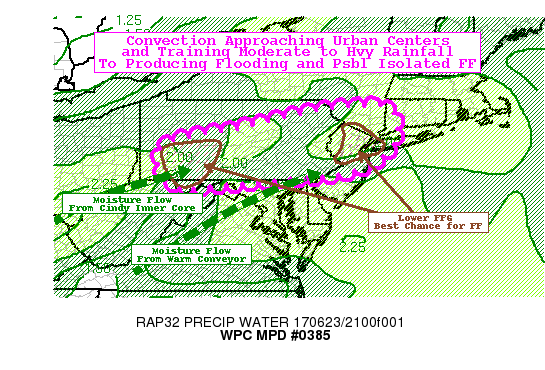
AREAS AFFECTED...S PA...EXT W MD...SE NY...N NJ...SW CT

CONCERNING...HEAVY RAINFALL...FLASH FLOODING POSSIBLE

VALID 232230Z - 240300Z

SUMMARY...CORRIDOR OF CONFLUENT DEEP MOISTURE WITH MULTIPLE
IMPULSES PRODUCING EMBEDDED CONVECTION LINES CAPABLE OF HIGH RAIN
RATES AND LOCALIZED FLASH FLOODING CONCERNS.

DISCUSSION...GOES-EAST AND RADAR MOSAIC DENOTE CORRIDOR OF
INCREASINGLY CONFLUENT DEEP MOISTURE FLOWS ASSOCIATED WITH THE
REMNANTS OF TROPICAL CYCLONE CINDY AS WELL AS THE WARM CONVEYOR
BELT TO ITS EAST CURRENTLY OVER THE APPALACHIANS.  AHEAD OF THE
MAIN ENERGY ASSOCIATED WITH CINDY...CONVECTION HAS DEVELOPED OVER
SOUTH CENTRAL PA AND IS ADVANCING INTO E PA/N NJ TAKING AIM AT THE
URBAN CORRIDOR BETWEEN TRENTON AND NYC.  WEAK TRAILING TROF FROM
MID-LEVEL SHORTWAVE CROSSING S NY ATTM IS PROVIDING MODEST DPVA
ASCENT WHILE CLEAR SKIES AND DEEP LOW LEVEL MOISTURE ASSOCIATED
WITH THE NOSE OF THE WARM CONVEYOR BELT ALONG THE MID-ATLANTIC
COAST CHARACTERIZED BY TPWS AOA 2.0" AND MLCAPES TO 2000 J/KG WILL
HELP MAINTAIN THIS CLUSTER.  WITHOUT STRONG LOW LEVEL
CONVERGENCE/FORCING...UPDRAFTS ARE A BIT MORE GENTLE WITH LESS
FLUX TO SUPPORT RAIN RATES UP TO 1.5"/HR. DEEP UNIDIRECTIONAL
STEERING FLOW ALLOWS FOR ANY UPSTREAM CONVECTION TO REPEAT
ENHANCING THE THREAT FOR LOCALIZED FLASH FLOODING ESPECIALLY IN
THE AFOREMENTIONED URBAN CORRIDOR WHERE FFG VALUES ARE BELOW
1.5"/1HR.

FURTHER WEST...THROUGH RECENT WEAKENING TRENDS HAVE BEEN NOTED IN
GOES-VIS AND LIGHTNING DATA...MULTIPLE BOUTS OF MODEST RAINFALL
WITHIN LARGER SYNOPTICLY FORCED ASCENT REGION APPROACHES WITH
BETTER DIVERGENCE AND STRONGER LOW LEVEL CONFLUENT/CONVERGENCE.
WITH SOME REMAINING INSTABILITY THERE IS A CHANCE FOR SOME
ISOLATED EMBEDDED CONVECTIVE ELEMENTS THAT WILL KEEP FLOODING
THREAT HIGHER...THOUGH THIS COULD BECOME INCREASINGLY SPORADIC.
EITHER WAY...MODEST RAINFALL IN ADVANCE OF MAIN CORE OF CINDY'S
REMNANTS WILL FURTHER SET THE STAGE FOR ADDITIONAL FLOODING THREAT
LATER TONIGHT.